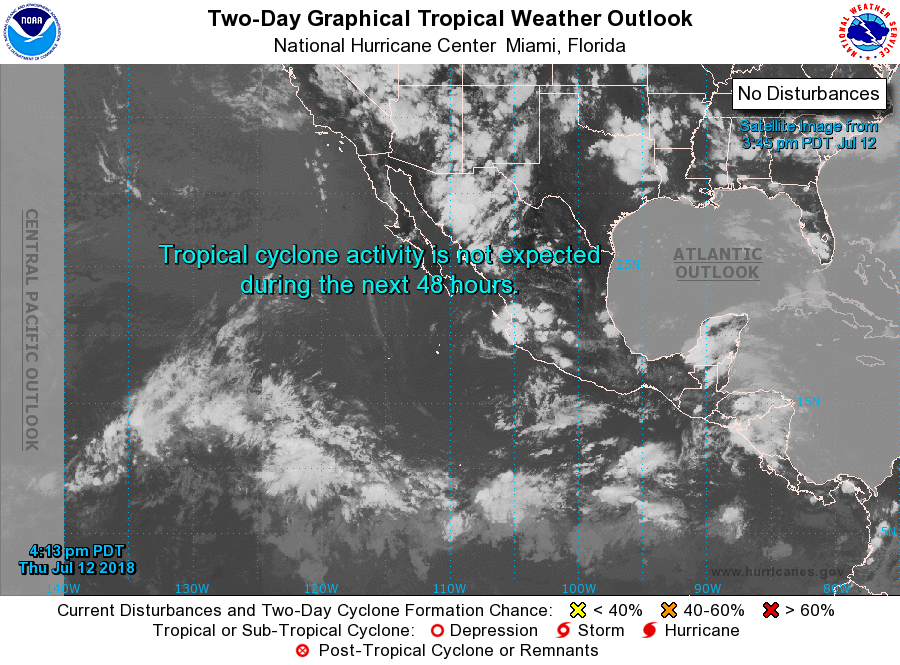
For the eastern North Pacific...east of 140 degrees west longitude:

Tropical cyclone formation is not expected during the next 5 days.

Forecaster Pasch